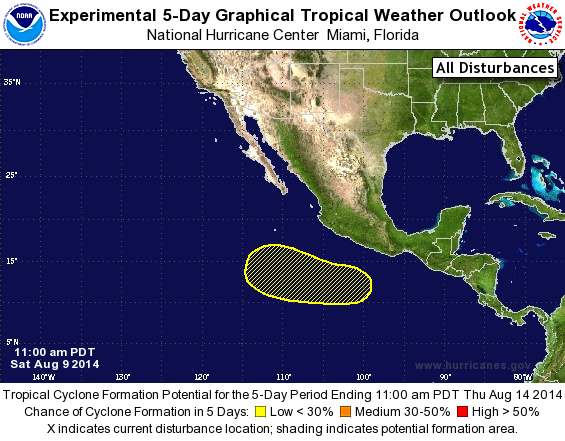
For the eastern North Pacific...east of 140 degrees west longitude:

1. An area of low pressure could form early next week a few hundred miles south of the coast of Mexico. Some slow development of this system is possible after that time while it moves westward or west-northwestward at 10 to 15 mph.
* Formation chance through 48 hours...low...near 0 percent.
* Formation chance through 5 days...low...20 percent.

Forecaster Kimberlain